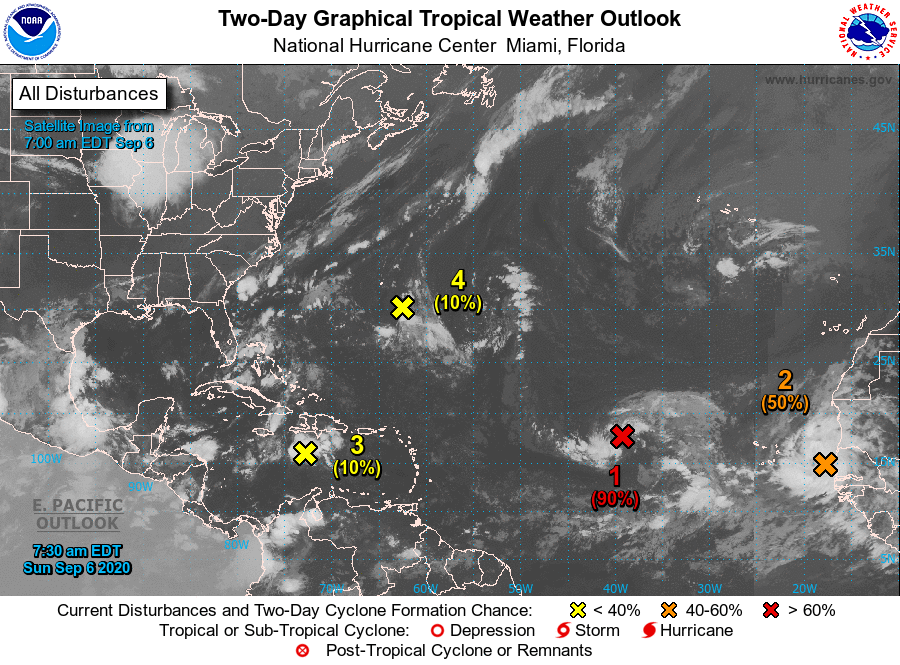
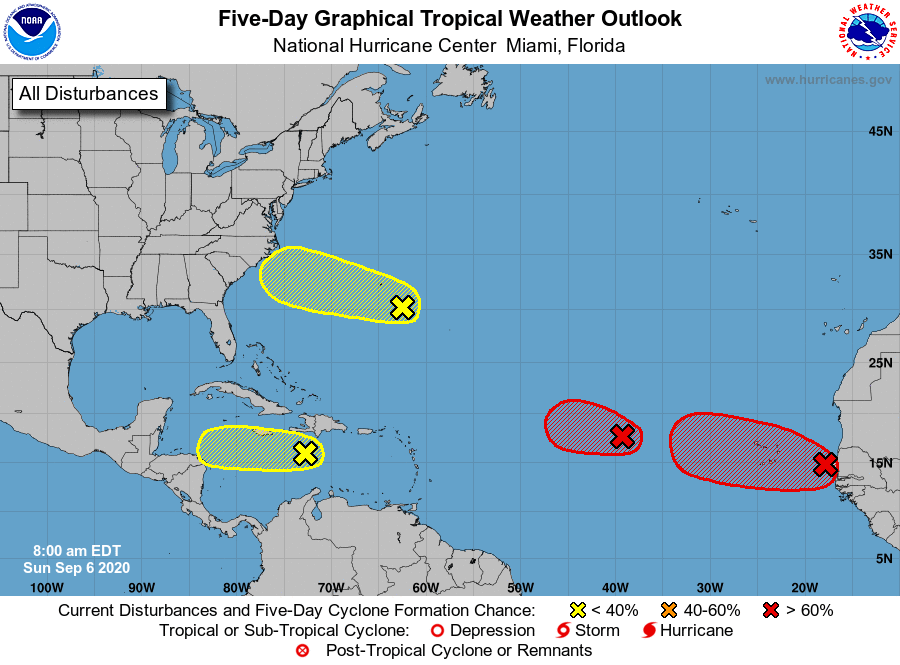
For the North Atlantic...Caribbean Sea and the Gulf of Mexico:

1. An area of low pressure located about midway between the west coast of Africa and the Leeward Islands is gradually becoming better defined. However, the associated showers and thunderstorms remain disorganized. Gradual development of this system is expected, and a tropical depression is likely to form in the next day or so while it moves westward or west-northwestward across the central tropical Atlantic.
* Formation chance through 48 hours...high...90 percent.
* Formation chance through 5 days...high...90 percent.

2. Showers and thunderstorms are showing signs of organization in association with a tropical wave that is located just off the coast of western Africa. Gradual development of this system is expected, and a tropical depression is likely to form by the middle of the week while it moves generally westward over the far eastern tropical Atlantic. Interests in the Cabo Verde Islands should monitor the progress of this system as gusty winds and locally heavy rainfall is possible there on Monday and Tuesday.
* Formation chance through 48 hours...medium...50 percent.
* Formation chance through 5 days...high...80 percent.

3. A tropical wave located over the central Caribbean Sea continues to produce disorganized showers and thunderstorms. Development, if any, of this system should be slow to occur during the next day or two while it moves westward across the central and western Caribbean Sea. After that time, unfavorable upper-level winds should limit its formation chances.
* Formation chance through 48 hours...low...10 percent.
* Formation chance through 5 days...low...10 percent.

4. A trough of low pressure located a couple of hundred miles southeast of Bermuda is producing disorganized cloudiness and showers. Environmental conditions are only marginally conducive for development during the next several days while this system moves west-northwestward.
* Formation chance through 48 hours...low...10 percent.
* Formation chance through 5 days...low...20 percent.

Forecaster Cangialosi